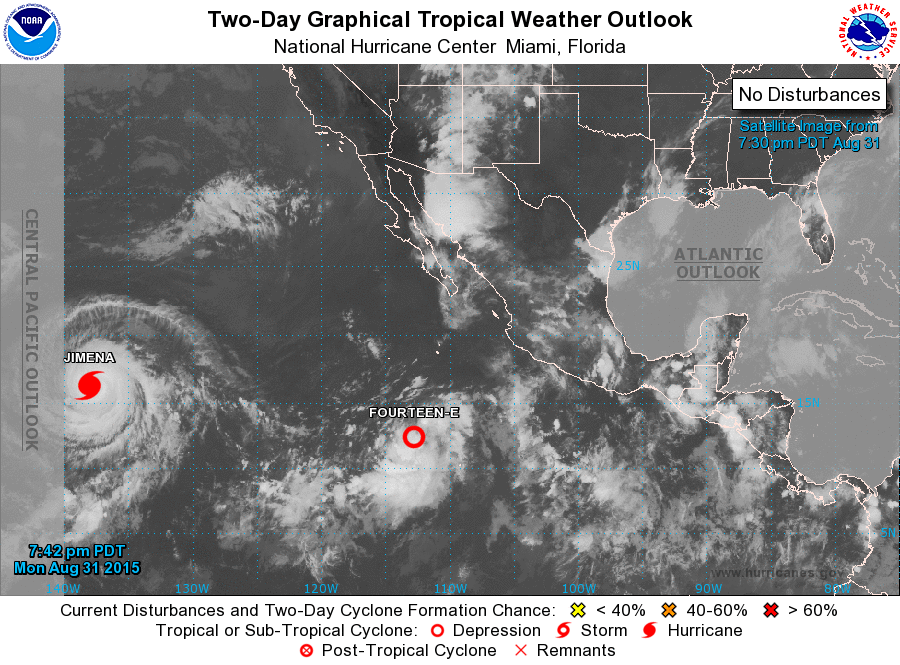
For the eastern North Pacific...east of 140 degrees west longitude:

The National Hurricane Center is issuing advisories on Hurricane Jimena, located well east of the Big Island of Hawaii, and on newly formed Tropical Depression Fourteen-E, located well south of the southern tip of the Baja California peninsula.

Tropical cyclone formation is not expected during the next 5 days.

&&
Public Advisories on Tropical Depression Fourteen-E are issued under WMO header WTPZ34 KNHC and under AWIPS header MIATCPEP4. Forecast/Advisories on Tropical Depression Fourteen-E are issued under WMO header WTPZ24 KNHC and under AWIPS header MIATCMEP4.

Forecaster Kimberlain